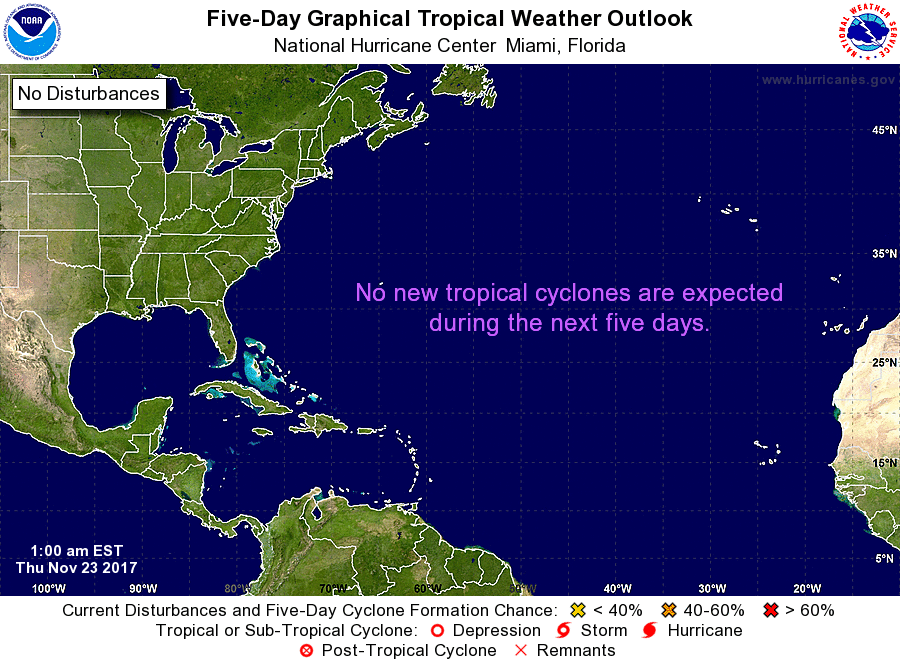
For the North Atlantic...Caribbean Sea and the Gulf of Mexico:

Tropical cyclone formation is not expected during the next 5 days.

Forecaster Cangialosi